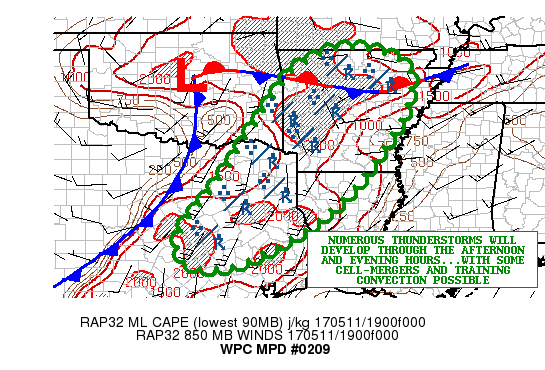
AREAS AFFECTED...EASTERN TX...NORTHWEST LA...SOUTHEAST OK...AR

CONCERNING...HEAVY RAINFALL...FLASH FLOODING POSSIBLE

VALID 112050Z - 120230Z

SUMMARY...NUMEROUS SHOWERS AND THUNDERSTORMS WITH HEAVY RAINFALL
WILL DEVELOP THROUGH THE LATE-AFTERNOON HOURS AND CONTINUE INTO
THE EVENING. SOME POCKETS OF FLASH FLOODING WILL BE POSSIBLE.

DISCUSSION...EXPERIMENTAL GOES-16 VIS IMAGERY SHOWS AN EXPANSIVE
CU/TCU FIELD ACROSS A LARGE AREA OF THE LOWER MS VALLEY AND
EXTENDING BACK OVER MUCH OF EASTERN TX WHICH IS INDICATIVE OF AN
INCREASINGLY UNSTABLE BOUNDARY LAYER. STRONG DIURNAL HEATING WITH
SURFACE TEMPS IN THE UPPER 70S TO LOW 80S...AND SURFACE DEWPOINTS
RISING THROUGH THE UPPER 60S IS FOSTERING MLCAPE VALUES OF NEAR
2000 J/KG. THIS WILL HELP ALLOW NUMEROUS THUNDERSTORMS TO DEVELOP
AND EXPAND IN COVERAGE OVER THE NEXT FEW HOURS ACROSS NORTHEAST TX
AND INTO A LARGE AREA OF AR AS A COLD FRONT GRADUALLY APPROACHES
FROM THE WEST. THERE IS SOME MODERATELY DIFFLUENT FLOW ALOFT WHICH
IS BEING AIDED BY PROXIMITY OF A 90+ KT 250 MB JET MAX ADVANCING
SW/NE ACROSS THE REGION. THUS THERE IS SOME MODEST LARGER SCALE
ASCENT WHICH WILL TEND TO ENHANCE THE CONVECTIVE POTENTIAL.

THE 12Z ARW/NMMB AND RECENT RUNS OF THE HRRR SUPPORT WIDESPREAD
THUNDERSTORM DEVELOP THROUGH THE REMAINDER OF THE AFTERNOON. AS
PER RECENT SPC MD...THERE WILL BE SUFFICIENT INSTABILITY AND DEEP
LAYER SHEAR FOR SUPERCELL THUNDERSTORMS AND MULTIPLE LINE
SEGMENTS. THE CONCERN OVER THE NEXT SEVERAL HOURS WILL BE MERGING
SUPERCELL ACTIVITY AND POTENTIALLY SOME TRAINING CONVECTION AS
LINE SEGMENT ACTIVITY BECOMES MORE ORIENTED SW/NE WITH THE DEEP
LAYER MEAN FLOW. THERE IS A STRONG HIRES MODEL CONSENSUS FOR THIS
TO HAPPEN. THE THE MEAN LAYER FLOW. GIVEN THE STRONGER INSTABILITY
AND PWATS PUSH LOCALLY NEAR 1.75 INCHES...THE RAINFALL RATES WILL
LIKELY EXCEED 2 INCHES/HR. GIVEN THE CELL-MERGER THREAT AND
TRAINING POTENTIAL...SOME EXCESSIVE RAINFALL TOTALS WILL BE
POSSIBLE...WITH AS MUCH 3 TO 5 INCHES AT LEAST LOCALLY. THIS WILL
RESULT IN SOME FLASH FLOODING POTENTIAL AND ESPECIALLY GIVEN THE
RELATIVELY MOIST SOIL CONDITIONS THAT ARE ALREADY IN PLACE.